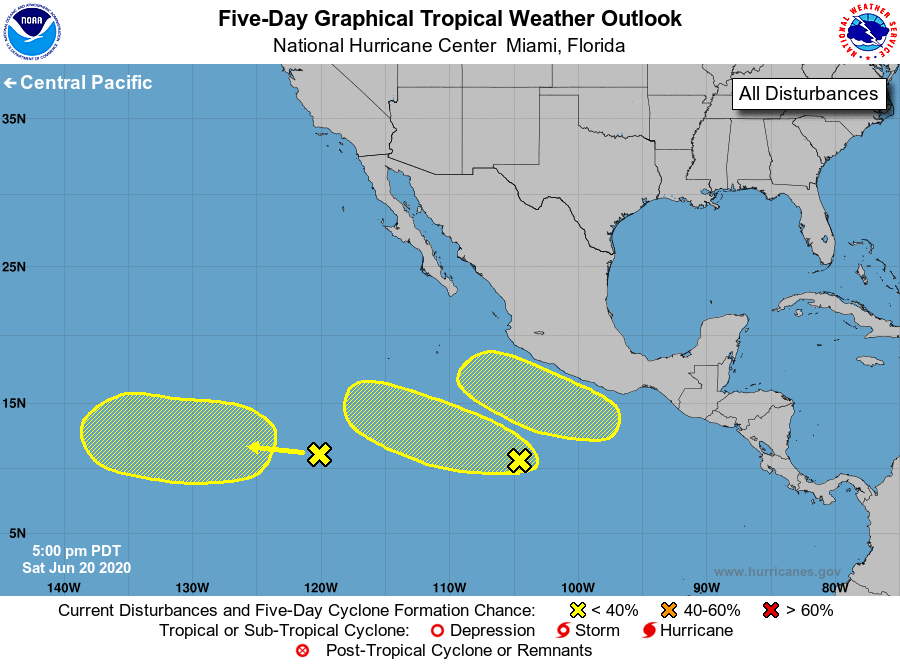
For the eastern North Pacific...east of 140 degrees west longitude:

1. A broad area of low pressure located more than 1000 miles southwest of the southern tip of the Baja California peninsula is producing disorganized showers and thunderstorms. Environmental conditions could support some slow development of this system through early next week while the disturbance moves generally westward.
* Formation chance through 48 hours...low...near 0 percent.
* Formation chance through 5 days...low...30 percent.

2. An area of disturbed weather has developed a few hundred miles south of the southwestern coast of Mexico. Some slow development of this system is possible through early next week as it moves westward, away from the coast of Mexico.
* Formation chance through 48 hours...low...10 percent.
* Formation chance through 5 days...low...30 percent.

3. Another area of disturbed weather is forecast to form south of the coast of Mexico by the middle of next week. Additional development could then occur as the system moves west-northwestward parallel to the coast of Mexico.
* Formation chance through 48 hours...low...near 0 percent.
* Formation chance through 5 days...low...20 percent.

Forecaster Beven